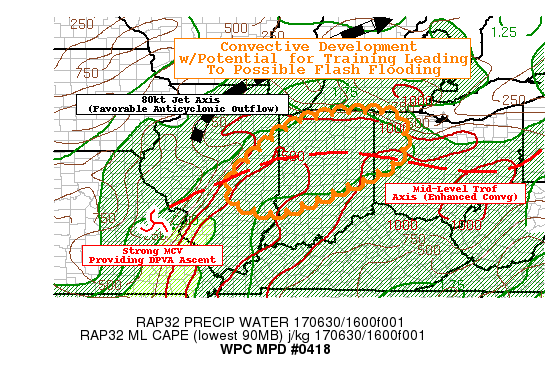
AREAS AFFECTED...EAST CENTRAL IL...NORTHERN IND...NORTHWEST OH

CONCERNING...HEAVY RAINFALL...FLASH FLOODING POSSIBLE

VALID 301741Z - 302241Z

SUMMARY...FAVORABLY ORIENTED LINE OF CONVECTION SUPPORTIVE OF
TRAINING LEADING TO POTENTIAL FLASH FLOODING.

DISCUSSION...EXPERIMENTAL GOES-16 WV/VISIBLE IMAGERY DENOTES
STRONG/COMPACT MCV IN N MO WITH EXCELLENT ANTICYCLONIC OUTFLOW
CHANNEL DIRECTED NORTH/NNEWARD INTO THE MEAN 80KT POLAR JET STREAK
ACROSS WI/N MI.  FAIRLY CLEAR SKIES DUE TO THIS ORIENTATION HAS
LEAD TO IMPRESSIVE INSTABILITY TO BUILD ACROSS IL/IN WITH
ACCESSIBLE 2000+ J/KG MLCAPES.  SOUTHERLY SFC TO VEERING SWLY
850MB FLOW SUPPORTS SUFFICIENT CONVERGENCE TO SPARK CONVECTION
ACROSS THIS WARM SECTOR.  OF GREATER CONCERN ALONG MID-LEVEL
CONVERGENCE BAND BETWEEN MCV AND EXITING SHORTWAVE OVER NY IS
ORIENTED FAVORABLY TO THE MEAN WIND WITH THE SOLID CONVERGENCE.
DUE TO UPSTREAM SHORTWAVE/INFLOW FLUX PROPAGATION VECTORS ARE VERY
WEAK 0-5KTS DUE EAST PER THE RAP SUGGESTIVE OF SOME WEAK
BACKBUILDING ALONG THE LINE OF CONVECTION TO SUPPORT EXTENDED
DURATION OF HEAVY RAIN.  ADDITIONAL DOWNSTREAM SCATTERED CELLS ARE
LIKELY TO CONSOLIDATE AS WELL POTENTIALLY LEADING TO A FOCUSING
BOUNDARY AS WELL FURTHER SUPPORTING THE TRAINING POTENTIAL THROUGH
THE AFTERNOON.

ILX 12Z SOUNDING AND TPW ANALYSIS SUGGESTS SOME DRY AIR TO REDUCE
VERY HIGH PRECIPITATION RATES AS WELL AS SOME COLD POOLING BUT
WITH TPWS OF 1.75" AND MODEST FAIRLY UNOBSTRUCTED LOW LEVEL
MOISTURE FLUX MAY SUPPORT RATES UP TO 2"/HR.  ALONG WITH THE
TRAINING THE POTENTIAL FOR MULTIPLE LINES OF 2-4" PARTICULARLY IN
A LINE FROM E CENTRAL IL TO NW OH.  THIS EVOLUTION IS GENERALLY
SUPPORTED BY HI-RES CAM GUIDANCE THOUGH EACH MODEL PRECISE
LOCATION OF INITIATION ARE OFFSET ENOUGH TO NOT HAVE FULL
CONFIDENCE IN PRECISE MODEL RUN/OUTPUT FOR SUGGESTION THOUGH
HRRRV3 SEEMS A BIT MORE PREFERABLE BASED ON CURRENT TRENDS.